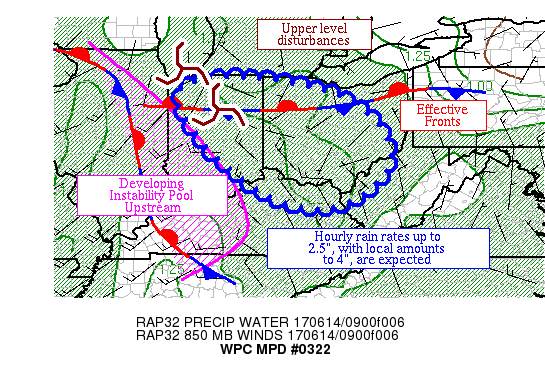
AREAS AFFECTED...SOUTHERN LAKE MI TO UPPER OH VALLEY

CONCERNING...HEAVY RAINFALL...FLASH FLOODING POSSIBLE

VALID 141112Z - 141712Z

SUMMARY...THUNDERSTORMS ARE BEGINNING TO INCREASE IN COVERAGE OVER
AN AREA OF PARTIALLY SATURATED SOILS FROM YESTERDAY.  HOURLY RAIN
RATES UP TO 2.5" WITH LOCAL AMOUNTS UP TO 4" ARE POSSIBLE OVER THE
NEXT SEVERAL HOURS.

DISCUSSION...AN UPPER LOW NEAR THE SOUTHERN END OF LAKE MICHIGAN
COMBINED WITH AN MCV ACROSS NORTH-CENTRAL IN AND WEAK BAROCLINIC
BOUNDARIES ACROSS THE REGION APPEAR TO BE HELPING WITH A NEW
CONVECTIVE UPTICK ACROSS PORTIONS OF IN, OH, AND NORTHERN KY.
RECENT RAP GUIDANCE INDICATES A DEVELOPING 850 HPA CONVERGENCE
ZONE NEAR THE BURGEONING THUNDERSTORMS. PRECIPITABLE WATER VALUES
OF 1.5-1.75" LIE ACROSS THE REGION PER GPS INFORMATION.  MUCAPES
ARE 500-1000 J/KG, JUST SUFFICIENT FOR THE RENEWED CONVECTION.
INFLOW AT 850 HPA IS SIMILAR TO YESTERDAY, 15-20 KTS AND SLIGHTLY
CONVERGENT ACROSS IN, SOUTHWEST OH, AND NORTHEAST KY WHICH
SLIGHTLY EXCEEDS THE MEAN 850-400 HPA WIND.  UNLIKE YESTERDAY,
EFFECTIVE BULK SHEAR OF 25-30 KTS EXISTS NEAR THE UPPER LOW ACROSS
NORTHEAST IL AND NORTHWEST IN.

OUTSIDE OF THE 06Z CANADIAN REGIONAL MODEL, THE GUIDANCE APPEARS
TO BE DELAYED IN THE FORMATION OF CONVECTION IN THIS REGION.
DAYTIME HEATING SHOULD LEAD TO AN ADDITIONAL 1000-1500 J/KG
MLCAPES WITHIN THE INSTABILITY POOL ACROSS IL AND WESTERN KY, WITH
CONVECTION EXPECTING TO FORM DOWNWIND AND PERHAPS REACHING WV WITH
TIME. OF CONCERN IS A WEAKER BOUNDARY LAYER MOISTURE CONVERGENCE
SIGNAL IN THE RAP GUIDANCE.  A COMBINATION PULSE AND LOOSELY
ORGANIZED CONVECTION COULD LEAD TO BRIEF PERIODS OF TRAINING AND
CELL MERGERS.  HOURLY RAIN RATES UP TO 2.5" WITH LOCAL AMOUNTS UP
TO 4" COULD LEAD TO ISSUES WHERE SOILS ARE PARTIALLY SATURATED
FROM YESTERDAY'S RAINFALL.